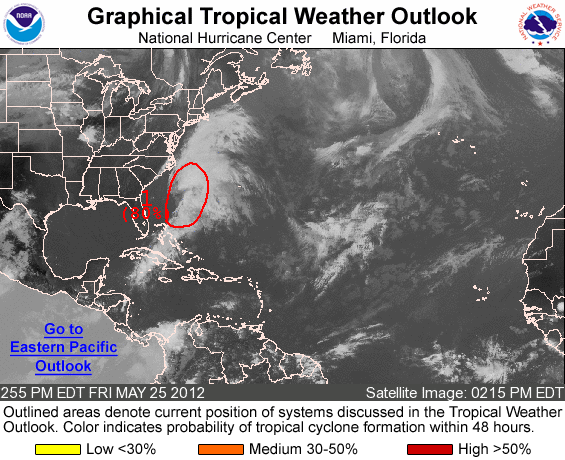
FOR THE NORTH ATLANTIC...CARIBBEAN SEA AND THE GULF OF MEXICO...

1. A BROAD AREA OF LOW PRESSURE...CENTERED ABOUT 275 MILES SOUTHEAST OF THE COAST OF THE CAROLINAS...IS PRODUCING WINDS TO GALE FORCE MAINLY TO THE NORTHEAST AND SOUTHEAST OF THE CENTER. THE LOW HAS BECOME A LITTLE BETTER DEFINED THIS AFTERNOON...ALTHOUGH THE ASSOCIATED SHOWER AND THUNDERSTORM ACTIVITY REMAINS POORLY ORGANIZED DUE TO STRONG UPPER-LEVEL WINDS. ENVIRONMENTAL CONDITIONS ARE EXPECTED TO BECOME MORE CONDUCIVE FOR DEVELOPMENT ON SATURDAY OR SUNDAY...AND THIS SYSTEM HAS A HIGH CHANCE...80 PERCENT...OF BECOMING A TROPICAL OR SUBTROPICAL CYCLONE DURING THE NEXT 48 HOURS. LITTLE MOTION IS EXPECTED TODAY...BUT A WEST-SOUTHWESTWARD OR SOUTHWESTWARD MOTION SHOULD BEGIN TOMORROW AND CONTINUE THROUGH SUNDAY. COASTAL INTERESTS FROM THE CAROLINAS SOUTHWARD THROUGH NORTHEASTERN FLORIDA SHOULD MONITOR THE PROGRESS OF THIS SYSTEM OVER THE MEMORIAL DAY WEEKEND. IN ADDITION...LOCALLY HEAVY RAINFALL...FLOODING...AND GUSTY WINDS WILL CONTINUE TODAY OVER PORTIONS OF CENTRAL CUBA AND THE BAHAMAS. ANOTHER SPECIAL TROPICAL WEATHER OUTLOOK WILL BE ISSUED TOMORROW...OR EARLIER IF NECESSARY.

FOR ADDITIONAL INFORMATION ON THIS SYSTEM...PLEASE SEE HIGH SEAS FORECASTS ISSUED BY THE NATIONAL WEATHER SERVICE...AND PRODUCTS FROM YOUR LOCAL WEATHER OFFICE.

ELSEWHERE...TROPICAL CYCLONE FORMATION IS NOT EXPECTED DURING THE NEXT 48 HOURS.

FORECASTER FRANKLIN